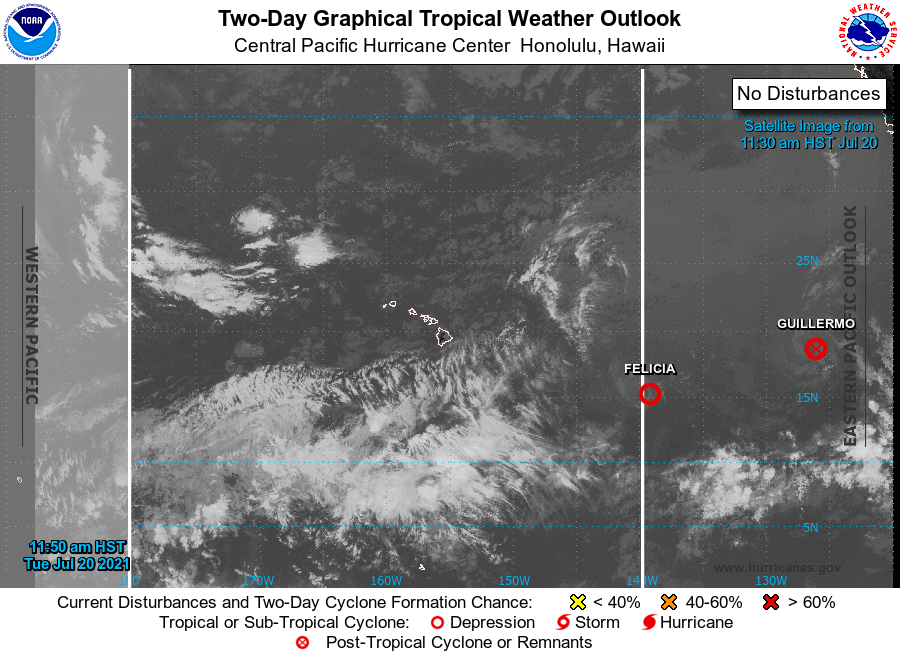
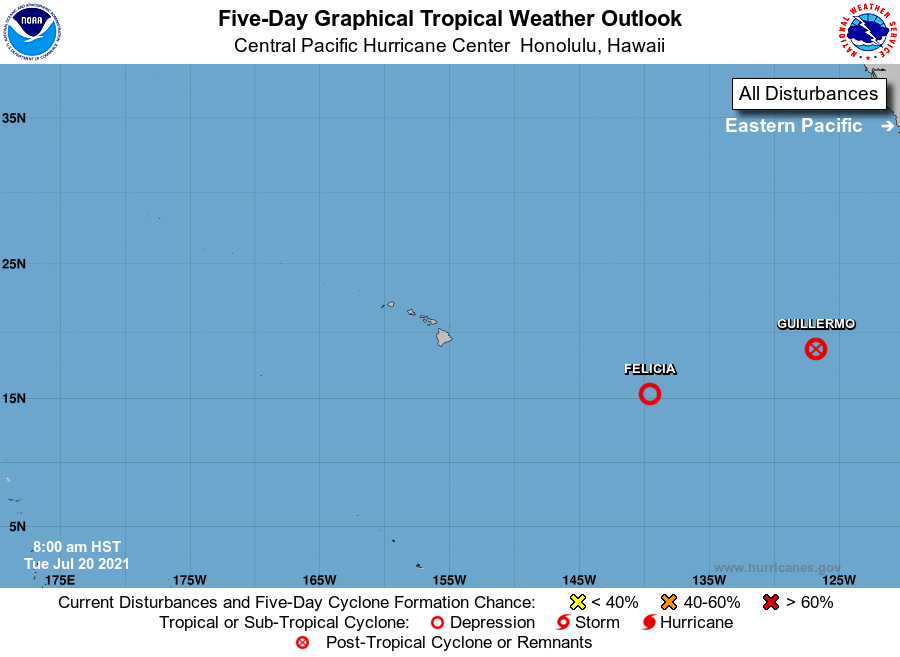
For the central North Pacific...between 140W and 180W:

The National Hurricane Center in Miami, Florida, is issuing advisories on Tropical Storm Felicia, located around 1150 miles east-southeast of Hilo, Hawaii. Felicia is forecast to move into the Central Pacific Hurricane Center area of responsibility later today as a Tropical Depression.

Elsewhere, no tropical cyclones are expected during the next 5 days.

Public Advisories on Tropical Storm Felicia are issued under WMO header WTPZ31 KNHC and under AWIPS header MIATCPEP1. Forecast Advisories on Tropical Storm Felicia are issued under WMO header WTPZ21 KNHC and under AWIPS header MIATCMEP1.

Forecaster Burke